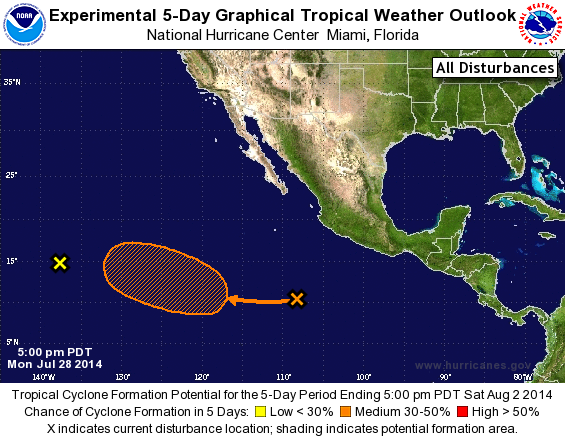
For the eastern North Pacific...east of 140 degrees west longitude:

The National Hurricane Center is issuing advisories on Tropical Storm Hernan, located a few hundred miles west-southwest of the southern tip of the Baja California peninsula.

1. An area of low pressure located about 1200 miles east-southeast of the Big Island of Hawaii is moving westward at about 10 mph. The associated shower activity is diminishing, and development of this system is not expected due to unfavorable environmental conditions and its proximity to a larger area of disturbed weather associated with remnants of Genevieve.
* Formation chance through 48 hours...low...near 0 percent.
* Formation chance through 5 days...low...near 0 percent.

2. A large area of cloudiness and showers extending several hundred miles off the southwestern coast of Mexico is associated with a tropical wave. Environmental conditions appear conducive for gradual development of this system later this week while it moves westward to west-northwestward at 10 to 15 mph.
* Formation chance through 48 hours...low...near 0 percent.
* Formation chance through 5 days...medium...30 percent.

Forecaster Berg